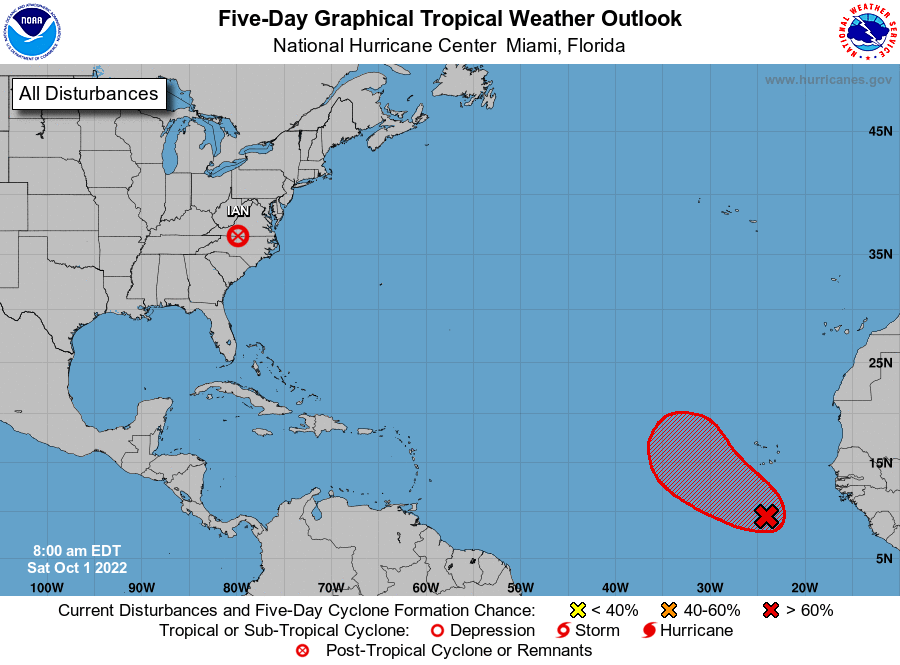
For the North Atlantic...Caribbean Sea and the Gulf of Mexico:

Active Systems: The National Hurricane Center has issued its last advisory on Post-Tropical Cyclone Ian, located inland over North Carolina. Future public advisories on Ian will be issued by the Weather Prediction Center.

1. Eastern Tropical Atlantic: A tropical wave continues to produce disorganized showers and thunderstorms several hundred miles south of the Cabo Verde Islands. Environmental conditions are forecast to be conducive for gradual development of this system, and a tropical depression is likely to form during the early to middle part of next week while it moves westward and then turns northwestward at 5 to 10 mph over the eastern tropical Atlantic.
* Formation chance through 48 hours...low...20 percent.
* Formation chance through 5 days...high...70 percent.

Public advisories issued by the Weather Prediction Center on Post-Tropical Cyclone Ian can be found under AWIPS header TCPAT4, WMO header WTNT34 KWNH, and on the web at http://www.wpc.ncep.noaa.gov.

Forecaster Papin